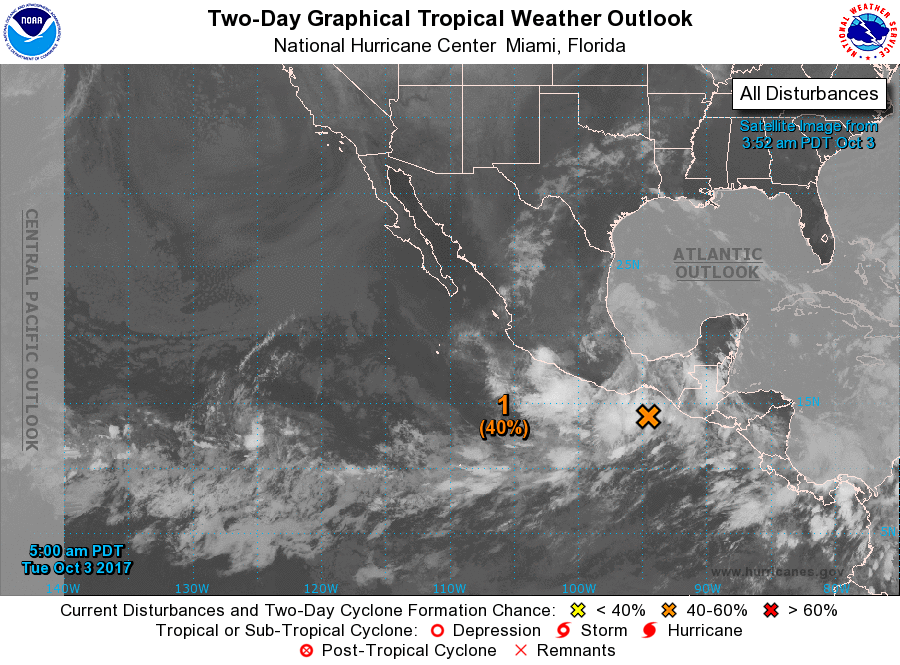
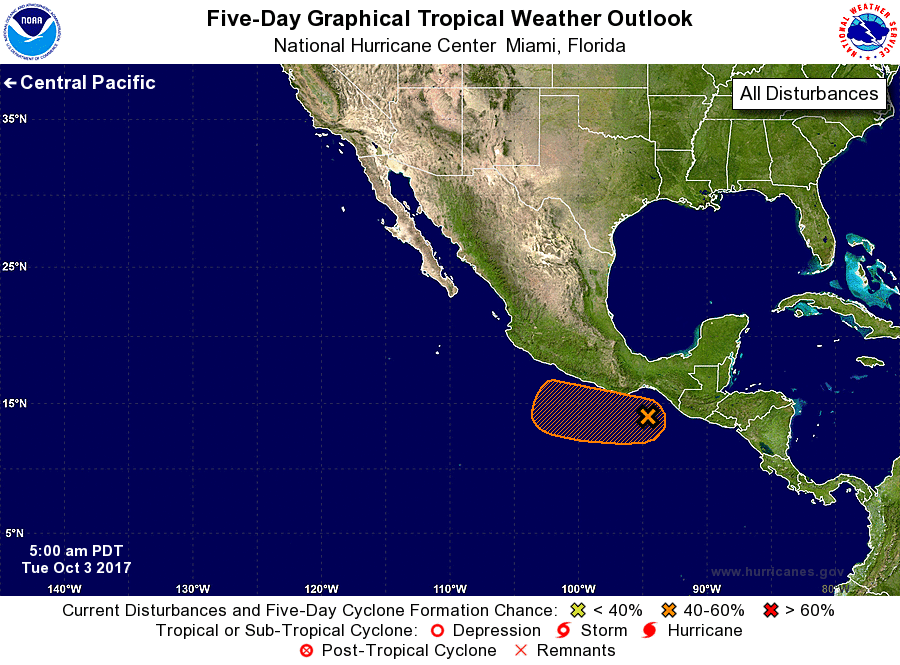
For the eastern North Pacific...east of 140 degrees west longitude:

1. An elongated area of low pressure located near the southeastern coast of Mexico continues to produce disorganized showers and thunderstorms. Environmental conditions are expected to be marginally conducive for development while the system moves slowly west-northwestward or westward over the next few days.
* Formation chance through 48 hours...medium...40 percent.
* Formation chance through 5 days...medium...60 percent.

Forecaster Pasch